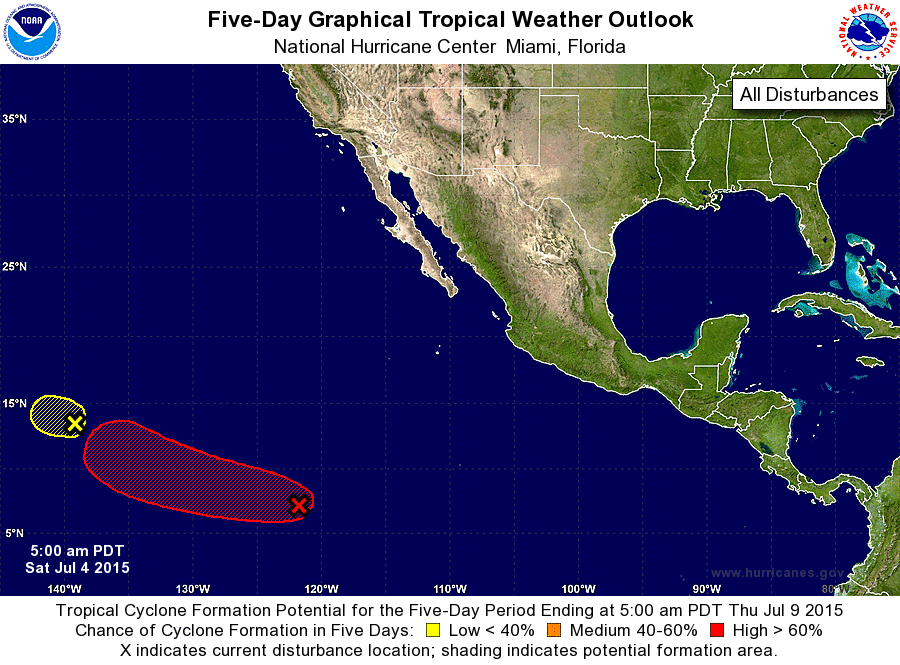
For the eastern North Pacific...east of 140 degrees west longitude:

1. A small low pressure area located about 1200 miles east-southeast of the Hawaiian Islands is producing limited shower activity. Upper-level winds are gradually becoming less conducive, with development not expected after the weekend. The low is forecast to move slowly west-northwestward for the next several days.
* Formation chance through 48 hours...low...20 percent
* Formation chance through 5 days...low...20 percent

2. A broad area of low pressure about 1400 miles southwest of Cabo San Lucas Mexico is producing extensive cloudiness and showers. Environmental conditions are conducive for gradual development, and a tropical depression is likely to form early next week while the system moves west-northwestward at about 15 mph.
* Formation chance through 48 hours...medium...50 percent
* Formation chance through 5 days...high...90 percent

Forecaster Blake